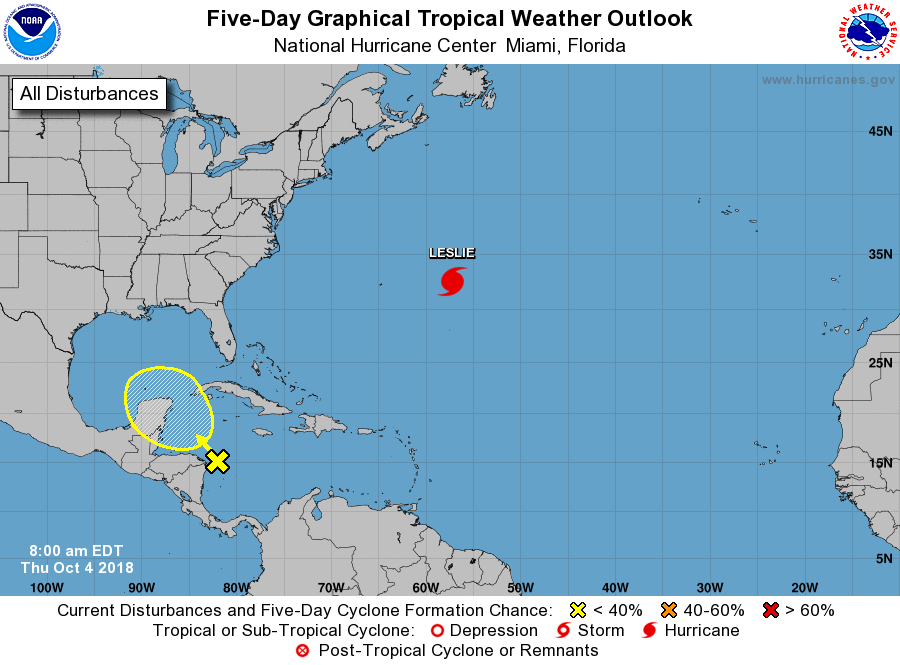
For the North Atlantic...Caribbean Sea and the Gulf of Mexico:

The National Hurricane Center is issuing advisories on Hurricane Leslie, located over the central Atlantic Ocean.

1. A large cyclonic gyre, defined by a broad area of low pressure typical of this time of the year, covers a portion of Central America and the western Caribbean Sea and is producing an extensive area of disorganized clouds and thunderstorms. While surface pressures are relatively low in the area, upper-level winds are currently not favorable for tropical cyclone formation. Environmental conditions could become less hostile this weekend and early next week, allowing for some slow development as the system drifts northwestward across the northwestern Caribbean Sea and the southern Gulf of Mexico.
* Formation chance through 48 hours...low...near 0 percent.
* Formation chance through 5 days...low...30 percent.

Forecaster Beven